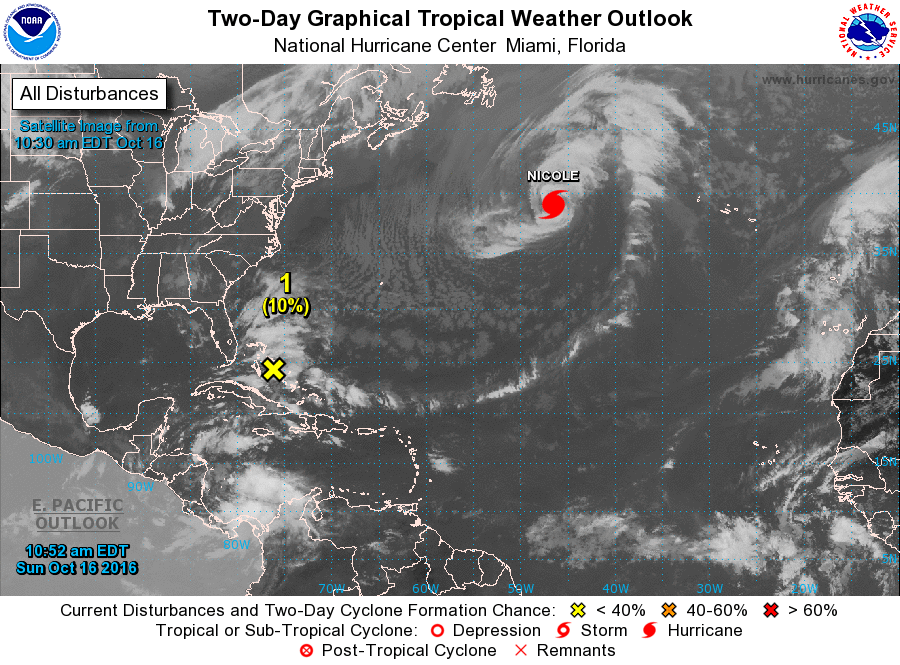
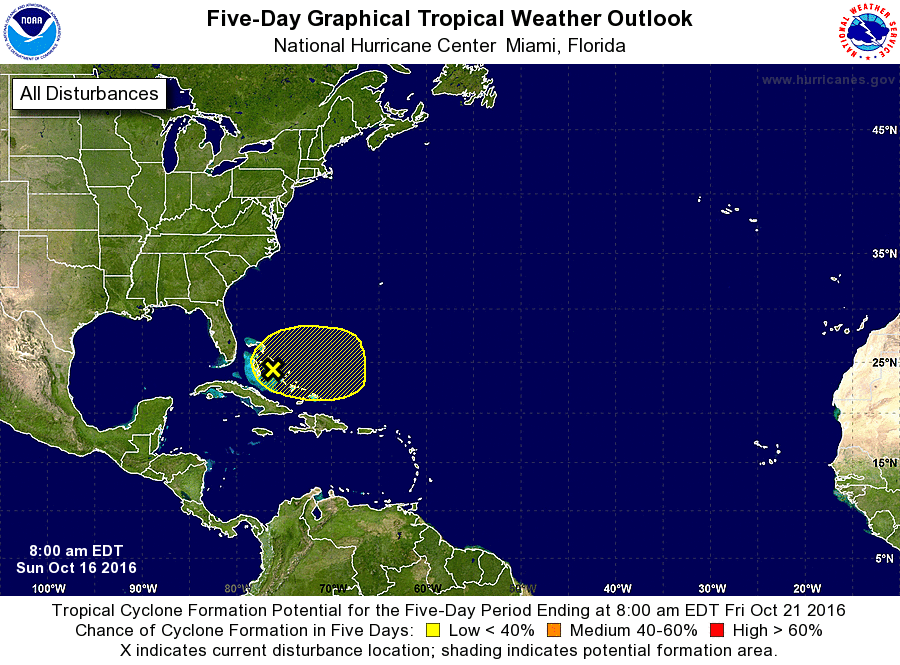
For the North Atlantic...Caribbean Sea and the Gulf of Mexico:

1. A surface trough interacting with an upper-level low is producing a persistent area of disturbed weather over most of the Bahamas and adjacent waters of the western Atlantic and the Florida Straits. Environmental conditions are currently unfavorable for any significant development to occur, but they could become somewhat more conducive over the next several days while the system moves little or drifts eastward. Regardless of development, locally heavy rainfall will be possible over the Bahamas during the next couple of days.
* Formation chance through 48 hours...low...10 percent
* Formation chance through 5 days...low...20 percent

Forecaster Stewart